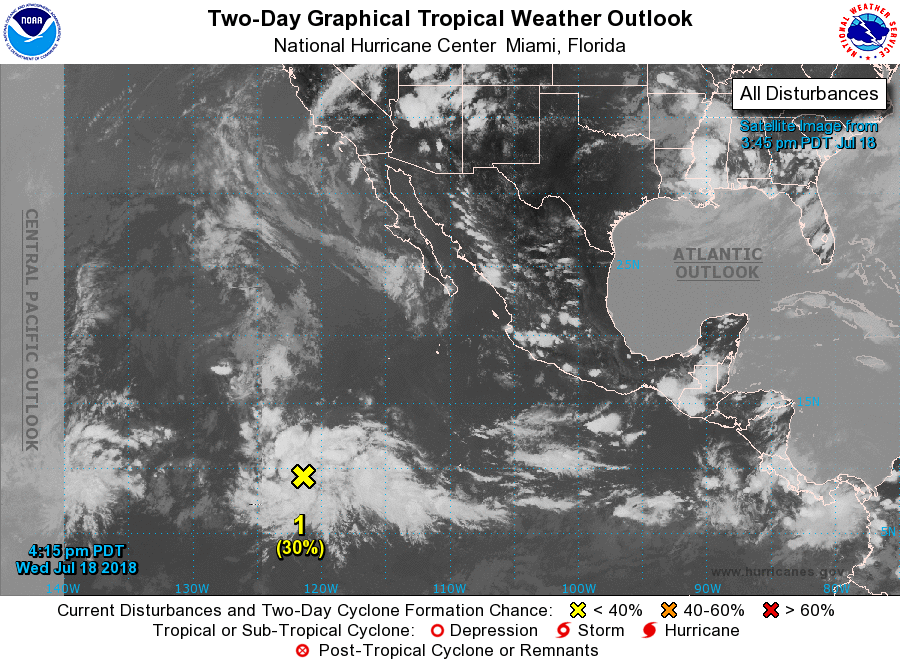
For the eastern North Pacific...east of 140 degrees west longitude:

1. A tropical wave is producing a large area of showers and thunderstorms about 1200 miles southwest of the southern tip of the Baja California peninsula. This system has become better organized during the past 24 hours, and further development is possible during the next several days while it moves quickly westward.
* Formation chance through 48 hours...low...30 percent.
* Formation chance through 5 days...medium...40 percent.

2. An area of low pressure is expected to form this weekend several hundred miles southwest of Mexico. Environmental conditions support some slow development of this system early next week while it moves westward or west-northwestward well southwest of Mexico.
* Formation chance through 48 hours...low...near 0 percent.
* Formation chance through 5 days...medium...40 percent.

3. Another area of low pressure is likely to form early next week several hundred miles south of the southern coast of Mexico. Conditions appear conducive for some development of this system next week while it moves westward to west-northwestward at around 10 mph.
* Formation chance through 48 hours...low...near 0 percent.
* Formation chance through 5 days...low...20 percent.

Forecaster Blake